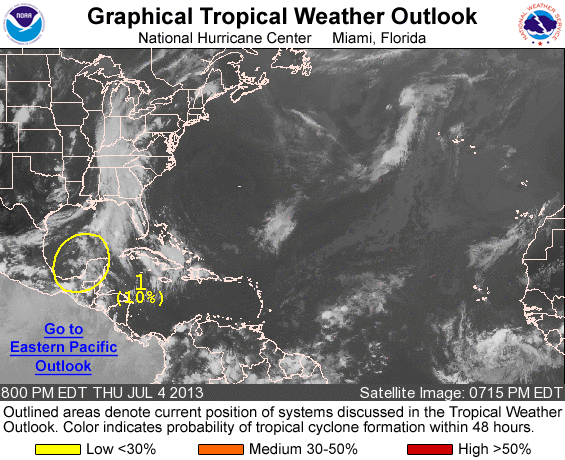
FOR THE NORTH ATLANTIC...CARIBBEAN SEA AND THE GULF OF MEXICO...

1. CLOUDINESS AND A FEW SHOWERS OVER THE SOUTHWESTERN GULF OF MEXICO ARE ASSOCIATED WITH A BROAD AREA OF LOW PRESSURE. DEVELOPMENT...IF ANY...WILL BE SLOW TO OCCUR AS THE LOW DRIFTS TOWARD THE NORTHWEST. THIS SYSTEM HAS A LOW CHANCE...10 PERCENT...OF BECOMING A TROPICAL CYCLONE DURING THE NEXT 48 HOURS.

ELSEWHERE...TROPICAL CYCLONE FORMATION IS NOT EXPECTED DURING THE NEXT 48 HOURS.

FORECASTER AVILA